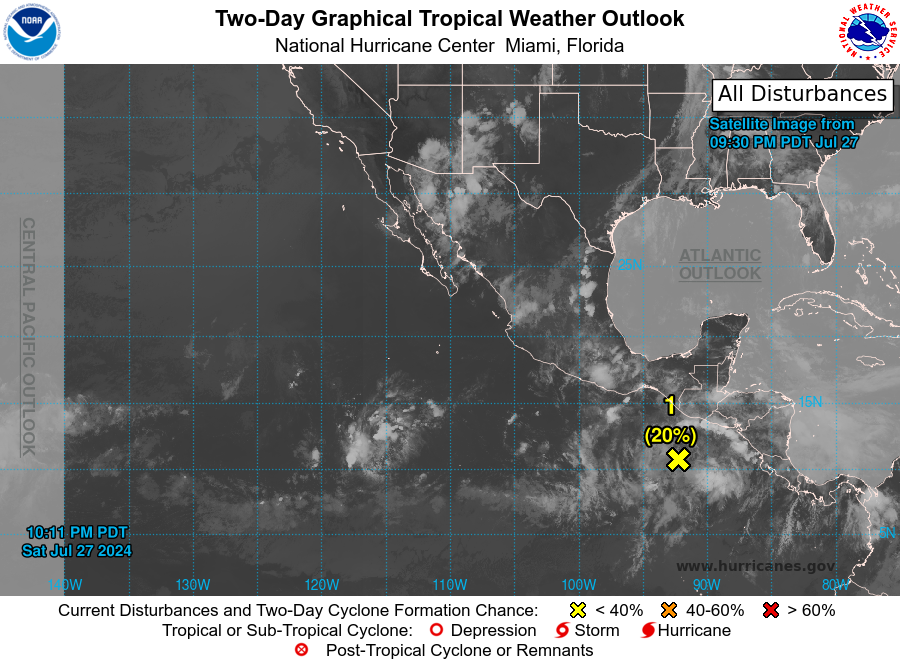
For the eastern North Pacific...east of 140 degrees west longitude:

1. South of Southern Mexico: A large area of cloudiness and showers located a few hundred miles south of Guatemala and southern Mexico is associated with a tropical wave. Environmental conditions appear conducive for gradual development of this system, and a tropical depression could form during the early or middle part of next week. The system is forecast to move westward to west-northwestward at 10 to 15 mph during the next several days, remaining offshore of the southern coast of Mexico.
* Formation chance through 48 hours...low...20 percent.
* Formation chance through 7 days...medium...60 percent.

2. Western East Pacific: An area of low pressure could form by the middle of next week well to the southwest of the southern tip of the Baja California Peninsula. Some slow development of this system is possible during the middle and latter parts of the week while it moves westward to west-northwestward across the western portion of the basin.
* Formation chance through 48 hours...low...near 0 percent.
* Formation chance through 7 days...low...30 percent.

3. South of Central America and Southern Mexico: Another area of low pressure could form offshore of the coast of Central America and southern Mexico during the latter part of next week. Some gradual development of this system is possible thereafter while it moves generally westward.
* Formation chance through 48 hours...low...near 0 percent.
* Formation chance through 7 days...low...20 percent.

Forecaster Blake